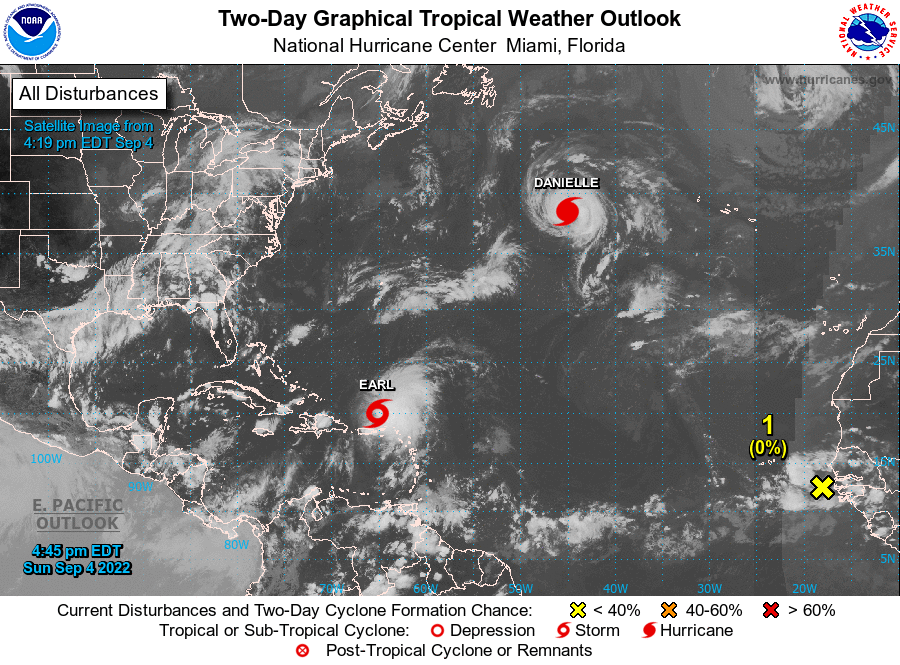
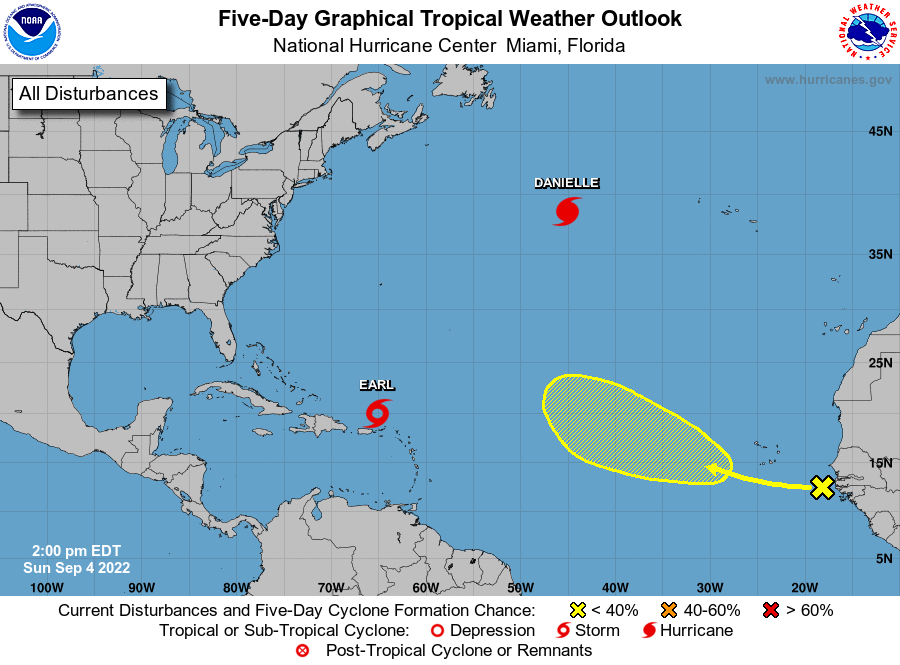
For the North Atlantic...Caribbean Sea and the Gulf of Mexico:

Active Systems: The National Hurricane Center is issuing advisories on Hurricane Danielle, located about 1000 miles west of the Azores, and on Tropical Storm Earl, located about 80 miles north of the Virgin Islands.

1. Eastern Tropical Atlantic: Limited shower and thunderstorm activity is associated with a tropical wave located just off the west African coast. An area of low pressure could form later this week and subsequent gradual development is possible as this system moves generally west-northwestward over the eastern and central tropical Atlantic.
* Formation chance through 48 hours...low...near 0 percent.
* Formation chance through 5 days...low...20 percent.

Forecaster Papin